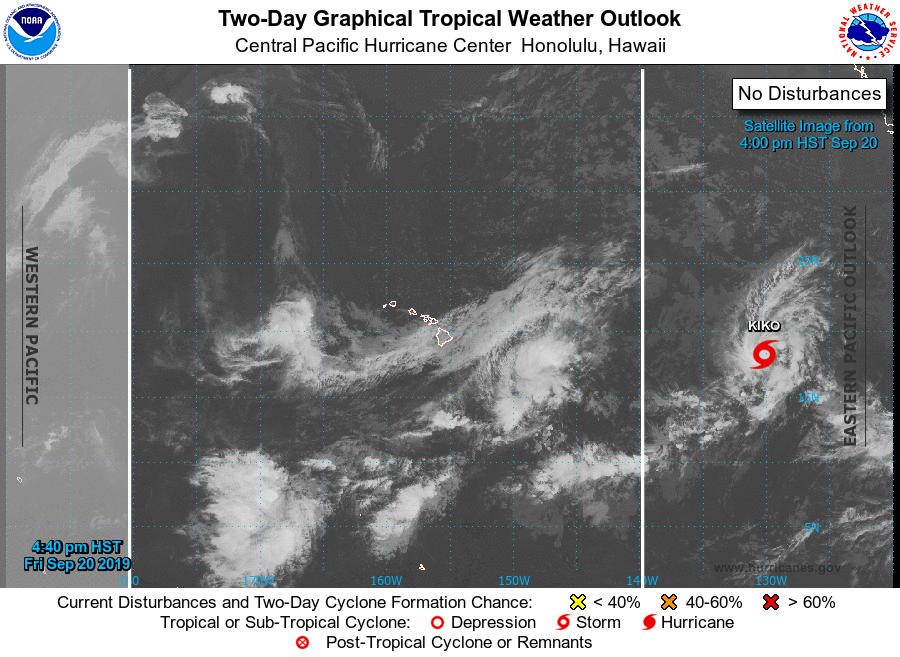
For the central North Pacific...between 140W and 180W:

No tropical cyclones are expected through the next 5 days.

Forecaster Kino